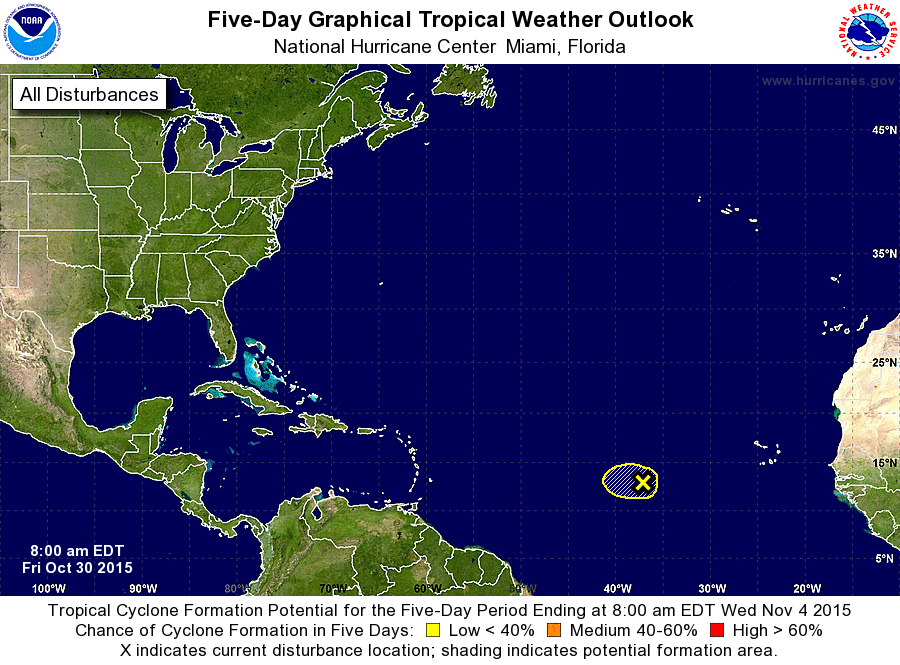
For the North Atlantic...Caribbean Sea and the Gulf of Mexico:

1. Disorganized showers and thunderstorms continue in association with an area of low pressure located several hundred miles west-southwest of the Cape Verde Islands. Strong upper-level winds are expected to prevent significant development of this system while it moves westward near 15 mph over the next few days.
* Formation chance through 48 hours...low...10 percent
* Formation chance through 5 days...low...10 percent

Forecaster Blake